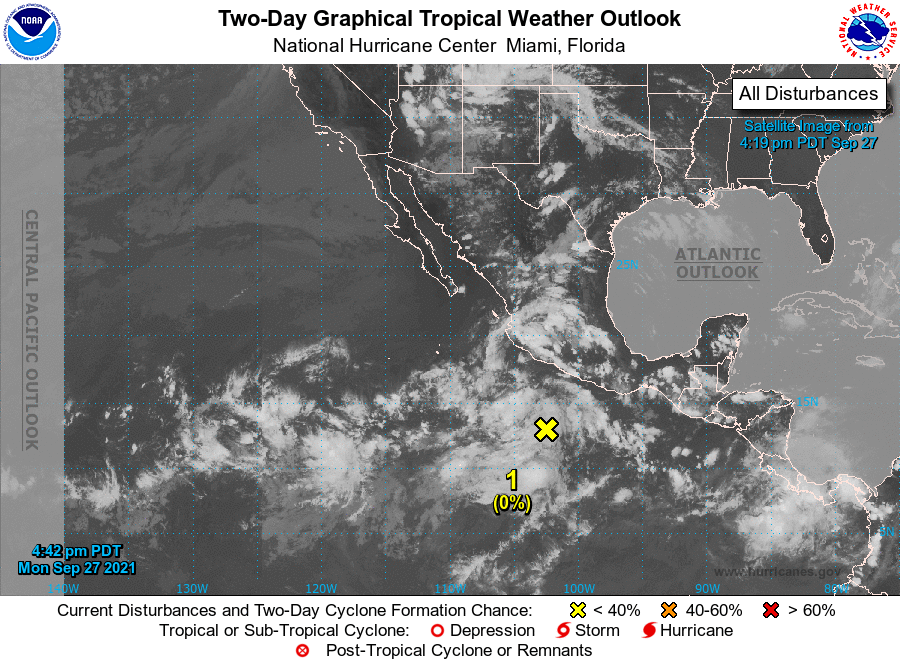
For the eastern North Pacific...east of 140 degrees west longitude:

1. A tropical wave is producing an area of disorganized showers and thunderstorms a few hundred miles south-southwest of Acapulco, Mexico. Environmental conditions are expected to be conducive for gradual development of this disturbance during the next several days, and a tropical depression could form during the latter part of the week while the system moves slowly northwestward or northward well offshore of the coast of mainland Mexico.
* Formation chance through 48 hours...low...near 0 percent.
* Formation chance through 5 days...medium...50 percent.

Forecaster Stewart